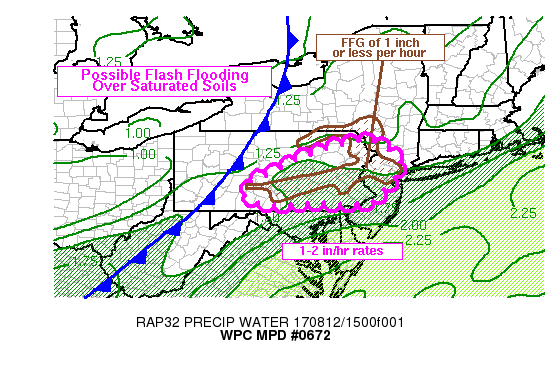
AREAS AFFECTED...CNTRL/ERN PA INTO NJ AND FAR SRN NY

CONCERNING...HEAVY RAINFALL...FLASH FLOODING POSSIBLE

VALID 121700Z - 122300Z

SUMMARY...RAINFALL RATES OF 1-2 IN/HR ARE EXPECTED TO IMPACT
PORTIONS OF CNTRL AND ERN PA INTO NJ AND FAR SRN NY THROUGH THE
AFTERNOON. GIVEN WET ANTECEDENT CONDITIONS...FLASH FLOODING WILL
BE POSSIBLE.

DISCUSSION...REGIONAL RADAR IMAGERY SHOWED SHOWERS AND
THUNDERSTORMS DEVELOPING AHEAD OF A COLD FRONT WHICH EXTENDED
SSWWD THROUGH WRN NY...WRN PA AND WV AT 16Z. LOOPS OF VISIBLE
IMAGERY SHOWED DECREASING AREAS OF CLOUD COVER AHEAD OF THE COLD
FRONT OVER CNTRL TO ERN PA WHICH HAS ALLOWED MLCAPE TO GROW INTO
THE 500-1000 J/KG RANGE ACCORDING TO DATA FROM THE LATEST SPC
MESOANALYSIS PAGE. FURTHER INCREASES IN CAPE ARE EXPECTED IN THE
SHORT TERM AS TEMPERATURES LIKELY RISE INTO THE LOW 80S IN A FEW
LOCATIONS. GPS DATA AND 12Z AREA SOUNDINGS SHOWED A RATHER STRONG
GRADIENT IN PRECIPITABLE WATER AS ONE MOVES SOUTH FROM NRN
PA...1.25 INCHES...TO SERN PA...1.75 INCHES. THIS GRADIENT IS
REPRESENTED WELL IN RAP ANALYSES.

AS ONGOING CONVECTION AHEAD OF THE COLD FRONT IN W-CNTRL PA
ADVANCES EAST OVER THE NEXT FEW HOURS AND MEETS WITH ADDED DAYTIME
HEATING AND LOCALLY HIGHER MOISTURE VALUES...RAINFALL RATES OF 1-2
IN/HR WILL BE POSSIBLE. WHILE RAP FORECAST KINEMATIC PROFILES
SUPPORT A GENERAL EWD MOVEMENT OF STORMS AT ABOUT 20 KT...THE
POTENTIAL WILL EXIST FOR BRIEF REPEATING CELL MOTIONS AND MERGERS
WHICH WOULD ALLOW FOR HEAVY RAINFALL OVER A REGION WHICH HAS SEEN
ABOVE AVERAGE RAINFALL OVER THE PAST 1-2 WEEKS...MOST NOTABLY A
STRIPE OF 1-3 INCHES WHICH FELL NEAR THE I-78 CORRIDOR FROM CXY TO
NORTH OF ABE INTO NRN NJ OVER THE PAST 24 HOURS.

THE FLASH FLOOD THREAT FOR LOCATIONS FARTHER NORTH TOWARD THE
NY/PA BORDER...AN AREA WHICH ALSO HAS LOWER FFG...SHOULD BE TOO
ISOLATED TO SUPPORT COVERAGE IN THE MPD THREAT AREA. STORM MOTIONS
SHOULD BE SLIGHTLY FASTER THAN THOSE TO THE SOUTH AND THE AREA
WILL HAVE LOWER AVAILABLE MOISTURE INTO THE AFTERNOON.